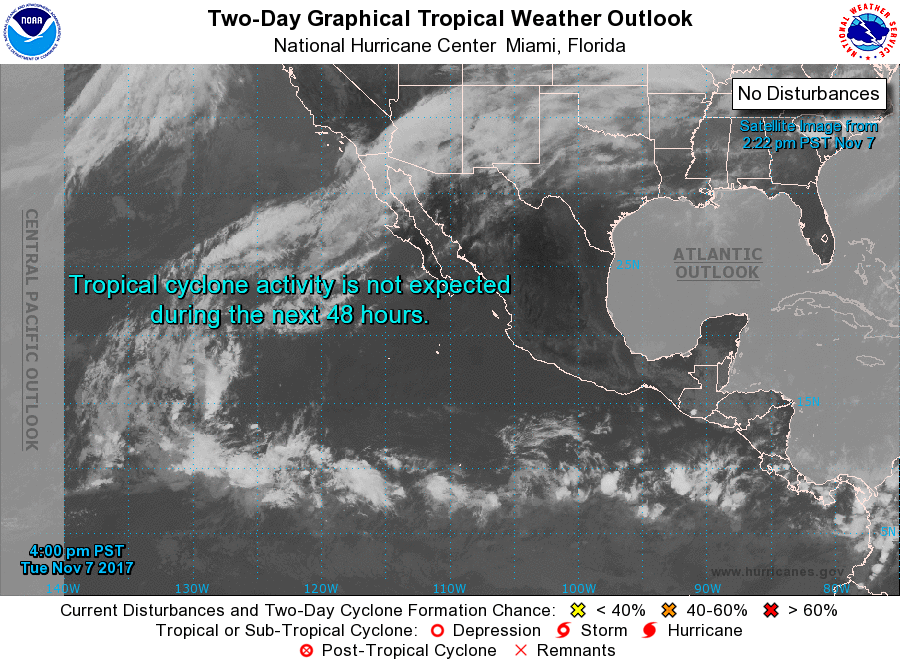
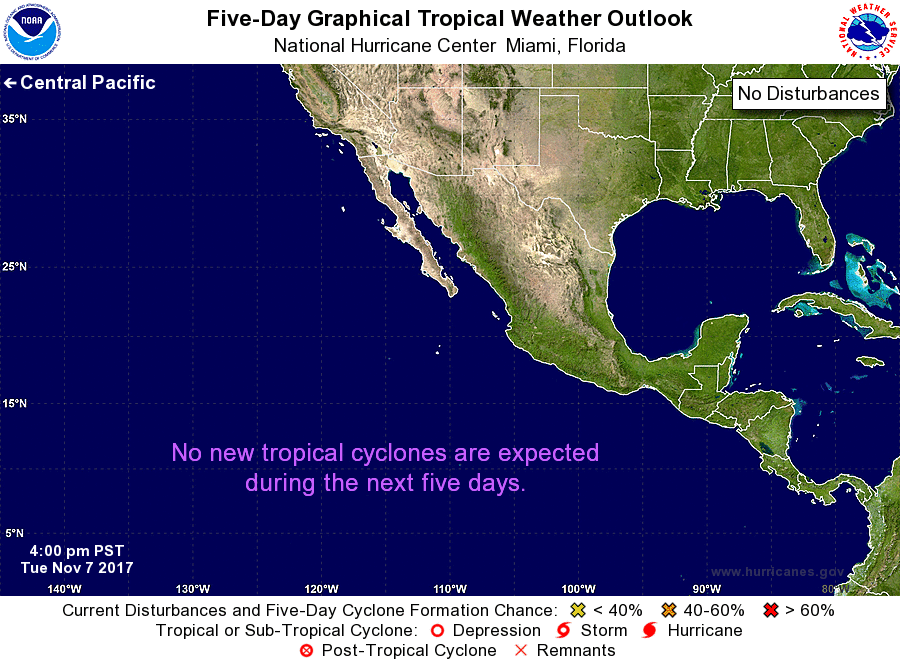
For the eastern North Pacific...east of 140 degrees west longitude:

Tropical cyclone formation is not expected during the next 5 days.

Forecaster Zelinsky